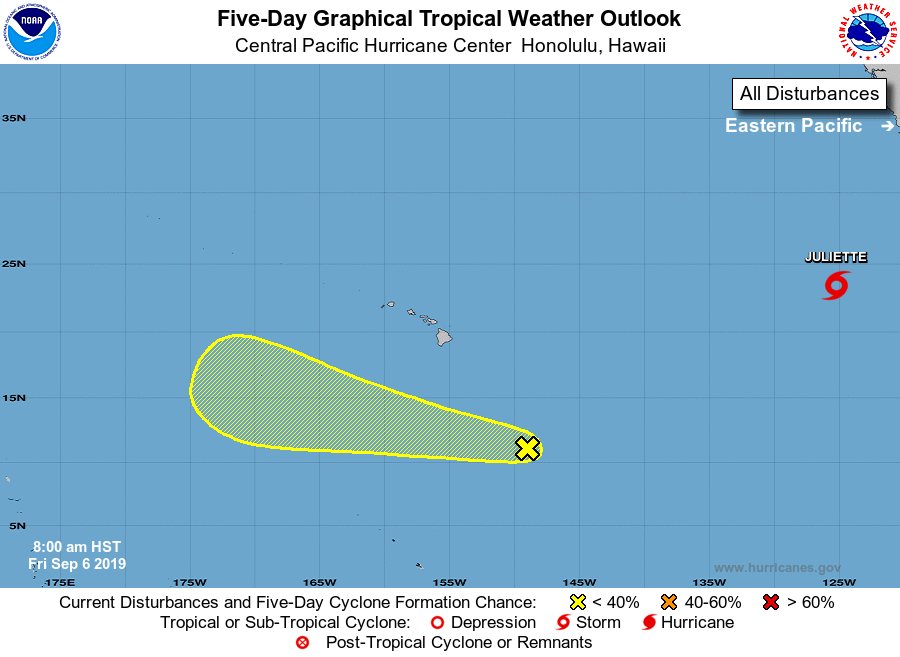
For the central North Pacific...between 140W and 180W:

1. An area of showers and thunderstorms is associated with a disturbance around 700 miles southeast of Hilo, Hawaii. Conditions are only marginally favorable for development of this disturbance over the next several days.
* Formation chance through 48 hours...low...20 percent
* Formation chance through 5 days...low...20 percent

Elsewhere, no tropical cyclones are expected during the next 5 days.

Forecaster TS